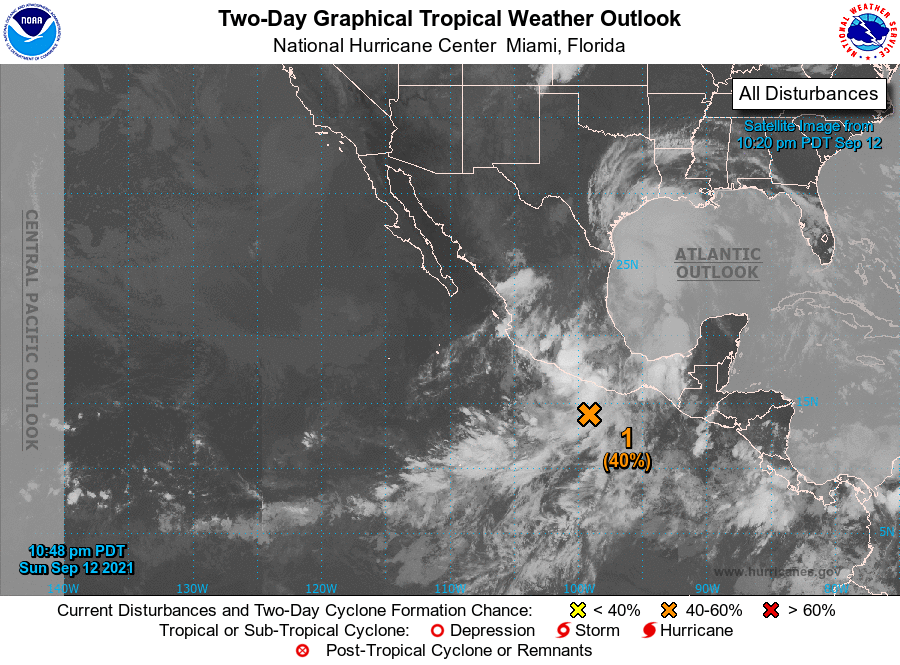
For the eastern North Pacific...east of 140 degrees west longitude:

1. Satellite wind data indicate that disorganized showers and thunderstorms near the coast of southern Mexico are associated with an elongated area of low pressure located a couple hundred miles south of Acapulco, Mexico. Environmental conditions are marginally conducive for development, and a tropical depression could still form during the couple of days while it moves westward or west-northwestward just offshore of the coast of southern Mexico. Regardless of development, this system will likely produce heavy rains across portions of southern Mexico through Tuesday.
* Formation chance through 48 hours...medium...40 percent.
* Formation chance through 5 days...medium...40 percent.

Forecaster Latto